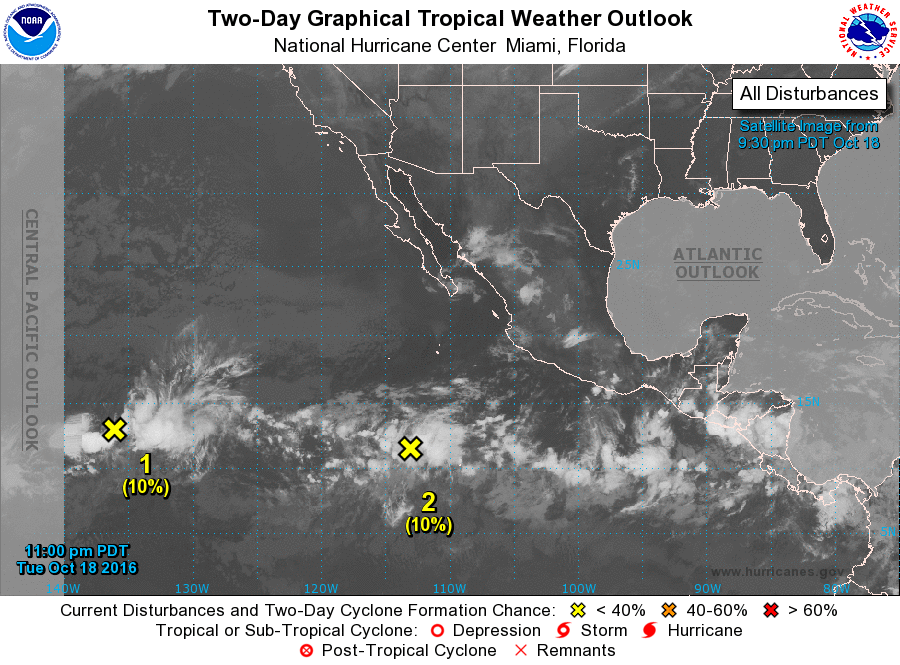
For the eastern North Pacific...east of 140 degrees west longitude:

1. A low pressure system located about 1300 miles east-southeast of the Big Island of Hawaii continues to produce disorganized showers and thunderstorms. Environmental conditions are forecast to become less conducive for development during the next day or so, and significant development of this system appears unlikely while it moves west-southwestward at about 10 mph.
* Formation chance through 48 hours...low...10 percent
* Formation chance through 5 days...low...10 percent

2. A large area of cloudiness and thunderstorms located about 800 miles south-southwest of the southern tip of the Baja California peninsula is associated with a broad area of low pressure. Upper-level winds are only marginally conducive and any development of this system should be slow to occur during the next several days while the disturbance drifts northward or northwestward.
* Formation chance through 48 hours...low...10 percent
* Formation chance through 5 days...low...20 percent

3. An area of low pressure is expected to form in a few days well to the south of the Gulf of Tehuantepec. Some gradual development of this disturbance is possible over the weekend while the system moves to the west-northwest at about 10 to 15 mph.
* Formation chance through 48 hours...low...near 0 percent
* Formation chance through 5 days...low...30 percent

Forecaster Brown